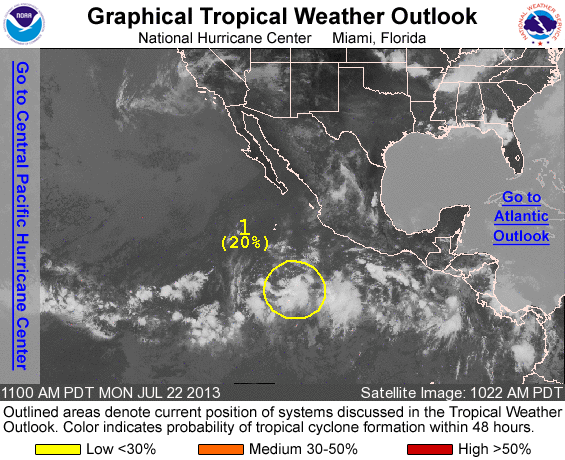
FOR THE EASTERN NORTH PACIFIC...EAST OF 140 DEGREES WEST LONGITUDE..

1. SHOWER AND THUNDERSTORM ACTIVITY HAS INCREASED A LITTLE DURING THE LAST SEVERAL HOURS IN ASSOCIATION WITH A BROAD AREA OF LOW PRESSURE LOCATED ABOUT 650 MILES SOUTH-SOUTHWEST OF MANZANILLO MEXICO. ENVIRONMENTAL CONDITIONS ARE CONDUCIVE FOR SLOW DEVELOPMENT OF THIS LOW DURING THE NEXT FEW DAYS AS IT MOVES WEST-NORTHWESTWARD AT 10 TO 15 MPH. THIS SYSTEM HAS A LOW CHANCE...20 PERCENT...OF BECOMING A TROPICAL CYCLONE DURING THE NEXT 48 HOURS.

ELSEWHERE...TROPICAL CYCLONE FORMATION IS NOT EXPECTED DURING THE NEXT 48 HOURS.

FORECASTER CANGIALOSI